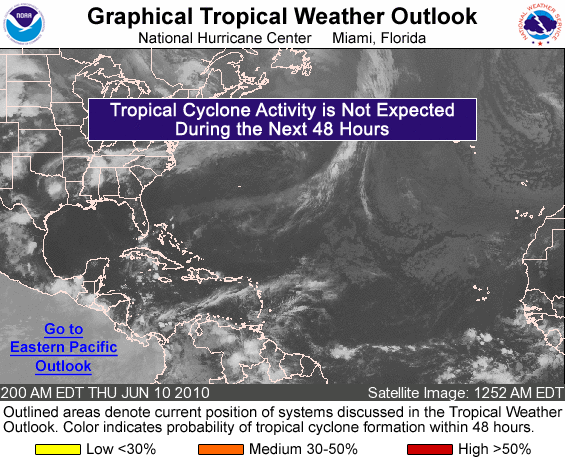
FOR THE NORTH ATLANTIC...CARIBBEAN SEA AND THE GULF OF MEXICO...

SHOWERS AND THUNDERSTORMS ASSOCIATED WITH A WESTWARD-MOVING TROPICAL WAVE ENTERING THE SOUTHEASTERN CARIBBEAN SEA HAVE DIMINISHED. ENVIRONMENTAL CONDITIONS ARE NOT CONDUCIVE FOR DEVELOPMENT OF THIS SYSTEM AT THIS TIME. THERE IS A LOW CHANCE...NEAR 0 PERCENT...OF THIS SYSTEM BECOMING A TROPICAL CYCLONE DURING THE NEXT 48 HOURS.

ELSEWHERE...TROPICAL CYCLONE FORMATION IS NOT EXPECTED DURING THE NEXT 48 HOURS.

FORECASTER KIMBERLAIN